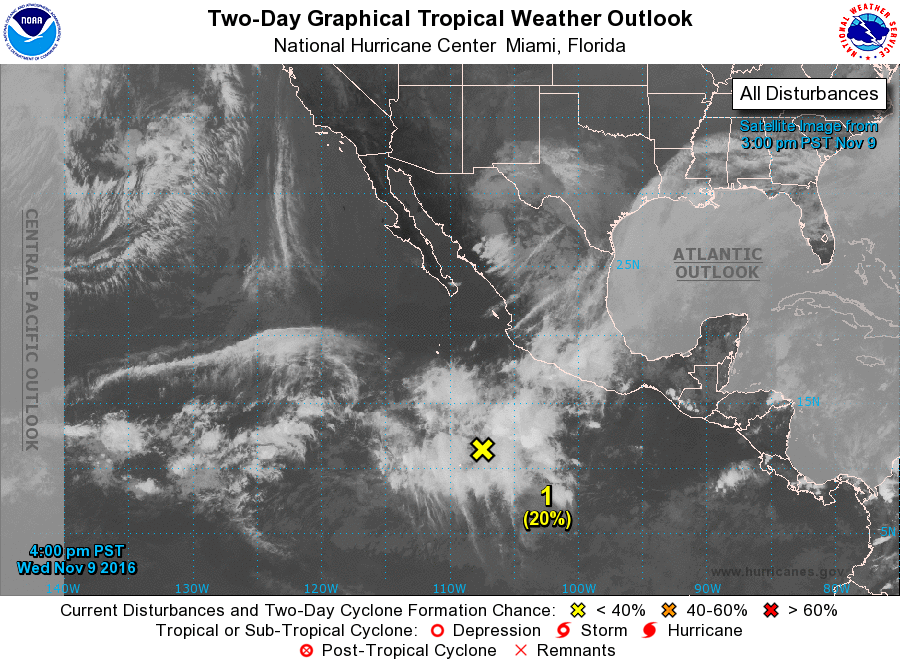
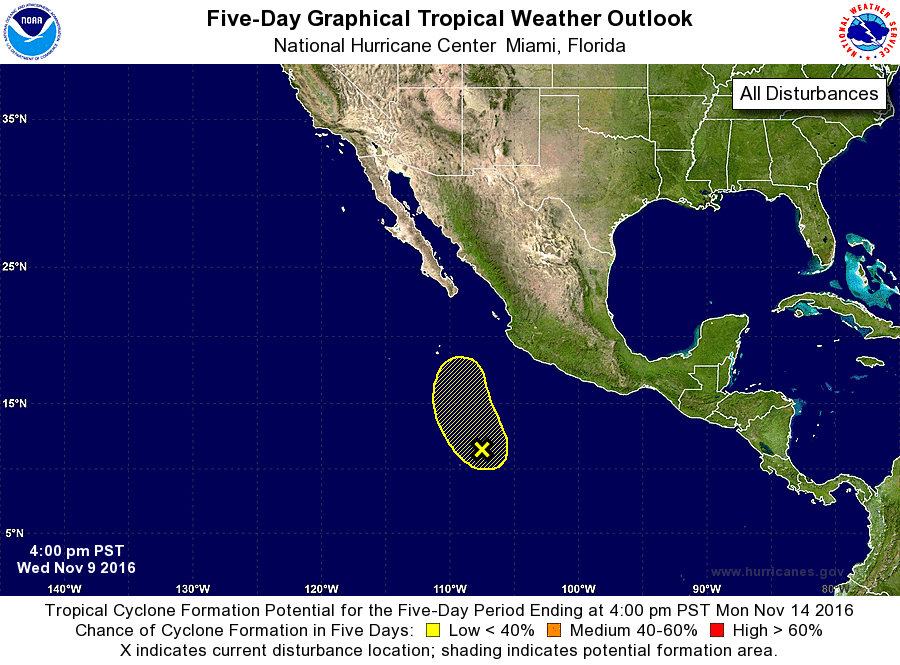
For the eastern North Pacific...east of 140 degrees west longitude:

1. An area of low pressure located about 550 miles south-southwest of Manzanillo, Mexico, is accompanied by a large area of disorganized showers and thunderstorms. Strong upper-level winds currently affecting this system are expected to increase during the next few days, and development, if any, should be slow to occur while the low moves northwestward and then northward at 5 to 10 mph.
* Formation chance through 48 hours...low...20 percent
* Formation chance through 5 days...low...30 percent

Forecaster Avila